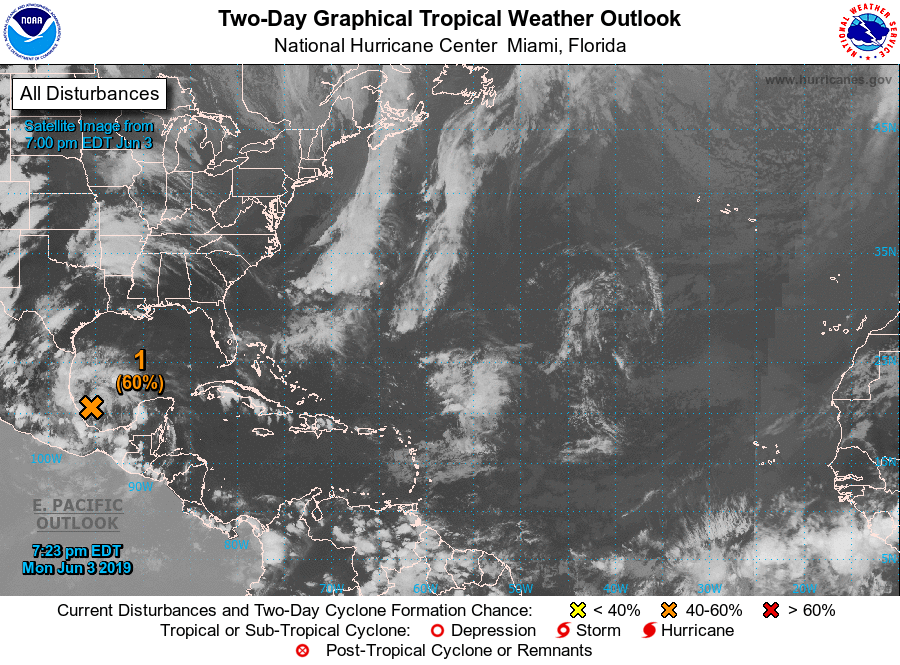
For the North Atlantic...Caribbean Sea and the Gulf of Mexico:

1. Showers and thunderstorms associated with a broad area of low pressure located over the Bay of Campeche have changed little in organization during the last several hours. This system is expected to move slowly northwestward toward the northeastern coast of Mexico, and it could become a tropical cyclone before moving inland in about a day. Regardless of development, the disturbance will likely produce heavy rainfall over portions of southern and eastern Mexico during the next few days. Heavy rainfall is also likely to spread over southeastern Texas and Louisiana through Thursday. An Air Force Reserve reconnaissance aircraft is scheduled to investigate the disturbance tomorrow, if necessary. Interests along the Gulf coast of Mexico should monitor the progress of this system.
* Formation chance through 48 hours...medium...60 percent.
* Formation chance through 5 days...medium...60 percent.

Forecaster Beven